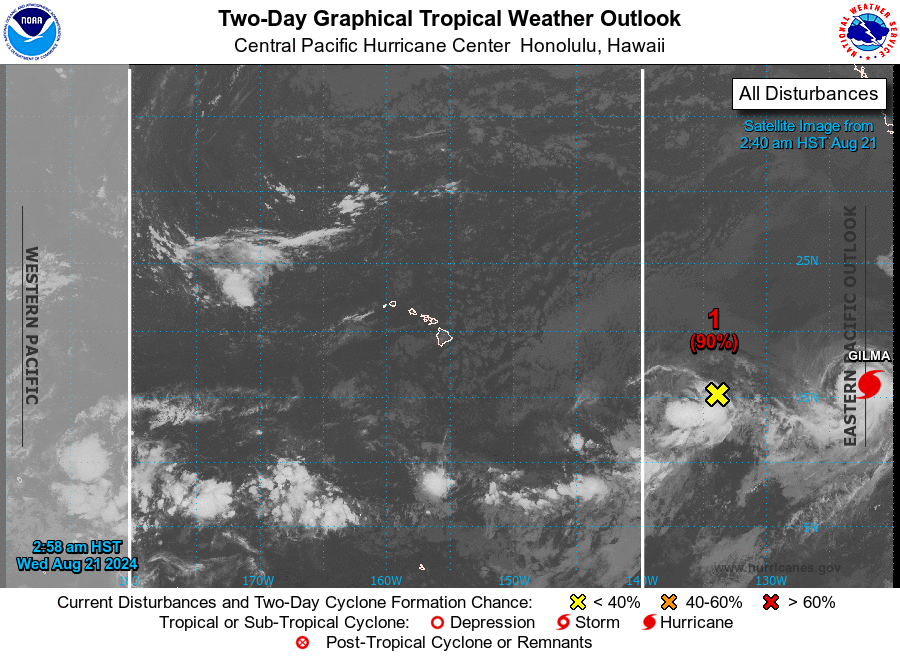
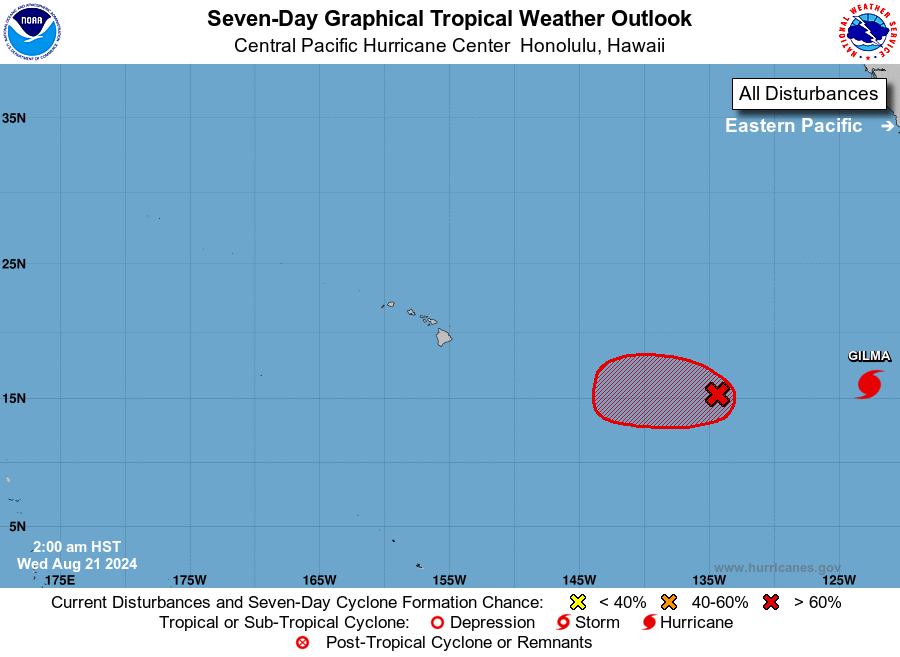
For the central North Pacific...between 140W and 180W:

Approximately 1300 miles east-southeast of the Hawaiian Islands (EP90/EP91): Showers and thunderstorms continue to become better organized in association with a well-defined area of low pressure located well east-southeast of the Hawaiian Islands. If these trends continue, a tropical depression or tropical storm is likely to develop later today while it moves generally westward at 10 to 15 mph. A weaker disturbance located just to its southwest is expected to merge with this system later today. This system is expected to strengthen as it moves into the Central Pacific basin tonight or on Thursday and moves near the Hawaiian Islands late this weekend or early next week.

1. Interests in Hawaii should closely monitor this disturbance, though it remains too early to determine the exact location and magnitude of potential impacts. Information on this system's development can also be found in the Tropical Weather Outlook for the East Pacific basin. For marine forecasts, including gale warnings, see High Seas Forecasts issued by the National Weather Service.
* Formation chance through 48 hours...high...90 percent.
* Formation chance through 7 days...high...90 percent.

Elsewhere, no tropical cyclones are expected during the next 7 days.

High Seas Forecasts issued by the National Weather Service can be found under AWIPS header NFDHSFEPI, WMO header FZPN02 KWBC, and on the web at ocean.weather.gov/shtml/NFDHSFEPI.php

The Tropical Weather Outlook for the Eastern Pacific basin can be found under AWIPS header HFOTWOEP and WMO header ABPZ20 KNHC and on the web at hurricanes.gov

Forecaster Blood